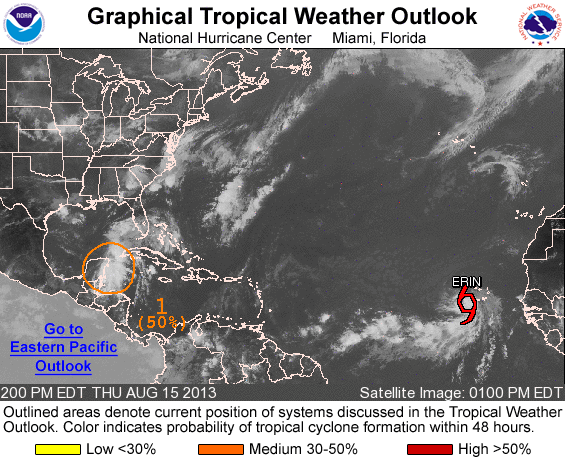
FOR THE NORTH ATLANTIC...CARIBBEAN SEA AND THE GULF OF MEXICO...

THE NATIONAL HURRICANE CENTER IS ISSUING ADVISORIES ON TROPICAL STORM ERIN...LOCATED WEST-SOUTHWEST OF THE SOUTHERNMOST CAPE VERDE ISLANDS.

1. A BROAD AREA OF LOW PRESSURE...ACCOMPANIED BY A LARGE BUT DISORGANIZED AREA OF CLOUDINESS AND SHOWERS...HAS MOVED OVER THE YUCATAN PENINSULA THIS MORNING. DEVELOPMENT OF THIS SYSTEM IS NOT ANTICIPATED WHILE IT MOVES OVER LAND...BUT THERE IS STILL POTENTIAL FOR DEVELOPMENT ONCE THE DISTURBANCE MOVES OVER THE GULF OF MEXICO ON FRIDAY. AFTER THAT TIME...THE LOW IS FORECAST TO MOVE TOWARD THE CENTRAL GULF OF MEXICO WHERE THE UPPER-LEVEL WINDS WOULD ONLY FAVOR SLOW DEVELOPMENT...IF ANY. THIS SYSTEM HAS A MEDIUM CHANCE...50 PERCENT...OF BECOMING A TROPICAL CYCLONE DURING THE NEXT 48 HOURS...AND A HIGH CHANCE...60 PERCENT...OF BECOMING A TROPICAL CYCLONE DURING THE NEXT 5 DAYS.

PUBLIC ADVISORIES ON TROPICAL STORM ERIN ARE ISSUED UNDER WMO HEADER WTNT35 KNHC AND UNDER AWIPS HEADER MIATCPAT5. FORECAST/ADVISORIES ARE ISSUED UNDER WMO HEADER WTNT25 KNHC AND UNDER AWIPS HEADER MIATCMAT5.

FIVE-DAY FORMATION PROBABILITIES ARE EXPERIMENTAL IN 2013. COMMENTS ON THE EXPERIMENTAL FORECASTS CAN BE PROVIDED AT...

HTTP://WWW.NWS.NOAA.GOV/SURVEY/NWS-SURVEY.PHP?CODE=ETWO

FORECASTER AVILA/BRENNAN